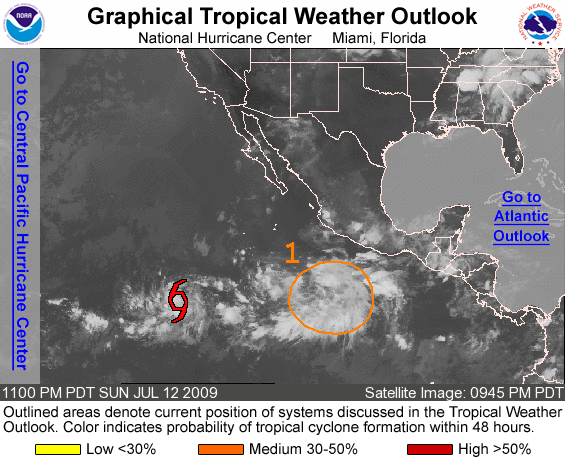
FOR THE EASTERN NORTH PACIFIC...EAST OF 140 DEGREES WEST LONGITUDE..

THE NATIONAL HURRICANE CENTER IS ISSUING ADVISORIES ON TROPICAL STORM CARLOS...LOCATED ABOUT 1230 MILES SOUTHWEST OF THE SOUTHERN TIP OF BAJA CALIFORNIA.

1. A BROAD AREA OF LOW PRESSURE LOCATED SEVERAL HUNDRED MILES SOUTH OF MANZANILLO MEXICO CONTINUES TO PRODUCE A LARGE AREA OF DISORGANIZED SHOWERS AND THUNDERSTORMS. CONDITIONS APPEAR FAVORABLE FOR GRADUAL DEVELOPMENT OF THIS SYSTEM DURING THE NEXT DAY OR TWO AS IT MOVES TO THE WEST OR WEST-NORTHWEST. THERE IS A MEDIUM CHANCE...30 TO 50 PERCENT...OF THIS SYSTEM BECOMING A TROPICAL CYCLONE DURING THE NEXT 48 HOURS.

ELSEWHERE...TROPICAL CYCLONE FORMATION IS NOT EXPECTED DURING THE NEXT 48 HOURS.

FORECASTER PASCH/KIMBERLAIN